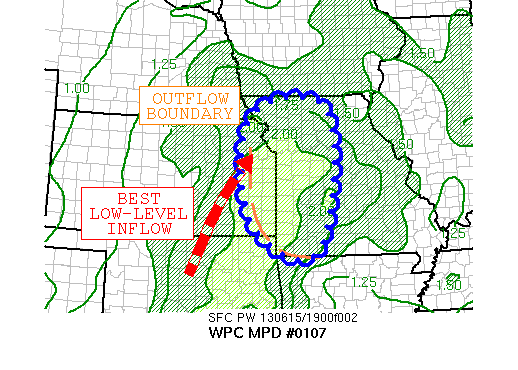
AREAS AFFECTED...EXTREME EASTERN KS...WESTERN MO

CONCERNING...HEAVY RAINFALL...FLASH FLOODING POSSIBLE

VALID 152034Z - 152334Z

SUMMARY...A BURGEONING AREA OF THUNDERSTORMS ACROSS EASTERN KS AND
WESTERN MO HAS BEGUN TO PRODUCE SOME VERY HIGH RAINFALL RATES
WITHIN A VERY SHORT TIME FRAME, LEADING TO THE POSSIBILITY OF
FLASH FLOODING ACROSS THIS AREA.

DISCUSSION...AN OUTFLOW BOUNDARY CAUSED BY EARLIER THUNDERSTORM
ACTIVITY ACROSS MO COMBINED WITH A STREAM OF HIGH PRECIPITABLE
WATER VALUES -- PWS -- OF NEARLY TWO INCHES BEING FORCED NEAR AND
OVER THE BOUNDARY BY 850 HPA WINDS OF 30-40 KNOTS HAS LED TO AN
EXPANDING AREA OF THUNDERSTORMS ACROSS EASTERN KS AND WESTERN MO.
CORFIDI VECTORS AND THE LOW-LEVEL WIND INDICATE A CONTINUING
PROGRESSION TO THE NORTHEAST WITH TIME, THOUGH THE OUTFLOW
BOUNDARY COULD TIE SOME OF THIS ACTIVITY NEAR THE KS/MO BORDER FOR
A COUPLE HOURS.  LOCAL OBSERVATIONS INDICATE VERY HEAVY RAINFALL
WITHIN THESE THUNDERSTORMS, WITH NEARLY 0.60 INCH FALLING WITHIN
11 MINUTES.  DIVERGENCE ALOFT IS BEING MAXIMIZED IN THIS REGION
AHEAD OF A SHORTWAVE/UPPER-LEVEL DISTURBANCE CROSSING THE RED
RIVER FROM TX INTO OK.  THE 15Z HRRR HAS CAPTURED THIS ACTIVITY
THE BEST, AND INDICATES THE THUNDERSTORMS COULD ALIGN ALONG A MORE
NORTH-SOUTH AXIS THROUGH 22Z/5 PM CDT.  LOCAL AMOUNTS OF 2-4
INCHES WITHIN A COUPLE HOURS IS POSSIBLE, WHICH COULD EXCEED FLASH
FLOOD GUIDANCE VALUES -- FFGS -- ACROSS THE REGION.  EXTENDED THE
DEADLINE OUT THREE HOURS IN CASE THUNDERSTORMS PERSIST LONGER THAN
THE 15Z HRRR ADVERTISES.